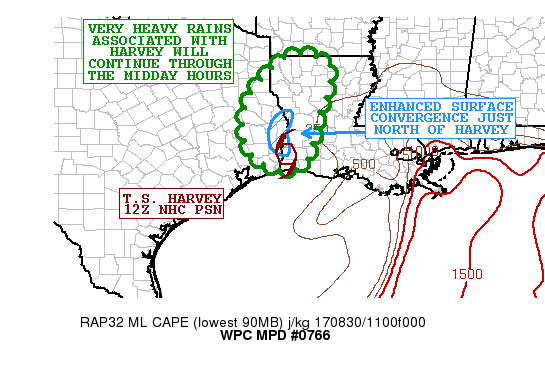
AREAS AFFECTED...FAR EASTERN TX....WESTERN LA

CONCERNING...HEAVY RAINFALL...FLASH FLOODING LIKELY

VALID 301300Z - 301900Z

SUMMARY...VERY HEAVY RAINS ASSOCIATED WITH T.S. HARVEY WILL
CONTINUE THROUGH MIDDAY WITH ADDITIONAL FLASH FLOODING LIKELY.

DISCUSSION...T.S. HARVEY IS MOVING FARTHER INLAND ACROSS SOUTHWEST
LA THIS MORNING AND CONTINUES TO PRODUCE VERY HEAVY RAINFALL
AROUND THE NORTHWEST FLANK OF THE CENTER OF CIRCULATION WHICH AT
12Z WAS LOCATED 25 MILES WEST-NORTHWEST OF LAKE CHARLES. THE
SYSTEM IS MOVING DUE NORTH CURRENTLY AT ABOUT 9 KTS.

FORTUNATELY...THE CONVECTIVE CLOUD PATTERN ASSOCIATED WITH HARVEY
HAS BECOME LESS IMPRESSIVE OVER THE LAST 2 TO 3 HOURS WITH THE
NON-OPERATIONAL GOES-16 10.3 MICRON/IR DATA SHOWING A WARMING OF
CLOUD TOPS TEMPERATURES ASSOCIATED WITH THE CONVECTIVE MASS NEAR
AND NORTHWEST OF THE CIRCULATION CENTER. THIS HAS RESULTED IN SOME
DECREASE IN THE RAINFALL RATES WHICH HAVE COME DOWN TO GENERALLY 1
TO 2 INCHES/HR BASED ON RECENT SURFACE OBSERVATIONS. THE GOOD NEWS
IS THAT THE HEAVY RAINS ARE ALSO PULLING AWAY FROM THE
BEAUMONT/PORT-ARTHUR AREA...INCLUDING THE JACK BROOKS REGIONAL
AIRPORT WHICH REPORTED AN ASTONISHING 22.33 INCHES OF RAIN IN A 24
HOUR PERIOD GOING BACK TO 12Z YESTERDAY. THIS SAME LOCATION
RECORDED 26.03 INCHES JUST FOR THE CALENDAR DAY ON TUESDAY ALONE.

MOVING FORWARD THROUGH THE REMAINDER OF THE MORNING AND EARLY
AFTERNOON...THE MAIN FOCUS OF HEAVY RAIN SHOULD BE ACROSS FAR
EASTERN TX AND WESTERN LA...WITH A FOCUS ALONG THE TX/LA BORDER
AND ADJACENT AREAS. THERE STILL REMAINS A CORRIDOR OF ENHANCED
SURFACE CONVERGENCE NEAR AND NORTH OF THE CENTER OF HARVEY WHICH
SHOULD MAINTAIN A HIGHLY FORCED ENVIRONMENT FOR HEAVY RAINS TO
CONTINUE TO DEVELOP AND SLOWLY ADVANCE NORTH.

HOWEVER...GOES-WV IMAGERY IS SHOWING A SIGNIFICANT AMOUNT OF DRY
AIR WRAPPING AROUND THE CIRCULATION CENTER AND THIS ENTRAINMENT OF
DRY AIR COUPLED WITH AN INCREASING DETACHMENT OF OF THE SYSTEM
FROM MORE FAVORABLE INSTABILITY OFF TO THE SOUTHEAST WILL WILL
TEND TO ALLOW RAINFALL RATES TO POTENTIAL COME DOWN A BIT MORE
OVER THE NEXT FEW HOURS. RAINFALL RATES SHOULD GENERALLY BE ON THE
ORDER OF 1 TO 2 INCHES PER HOUR AT MOST...WITH ADDITIONAL STORM
TOTALS THROUGH 18Z OF 2 TO 4 INCHES.

THESE TOTALS WILL STILL PROMOTE ADDITIONAL FLASH FLOODING AND WILL
AT LEAST EXACERBATE ONGOING EXTREME FLOODING CONCERNS OVER PARTS
OF EASTERN TX AND FAR SOUTHWEST LA.